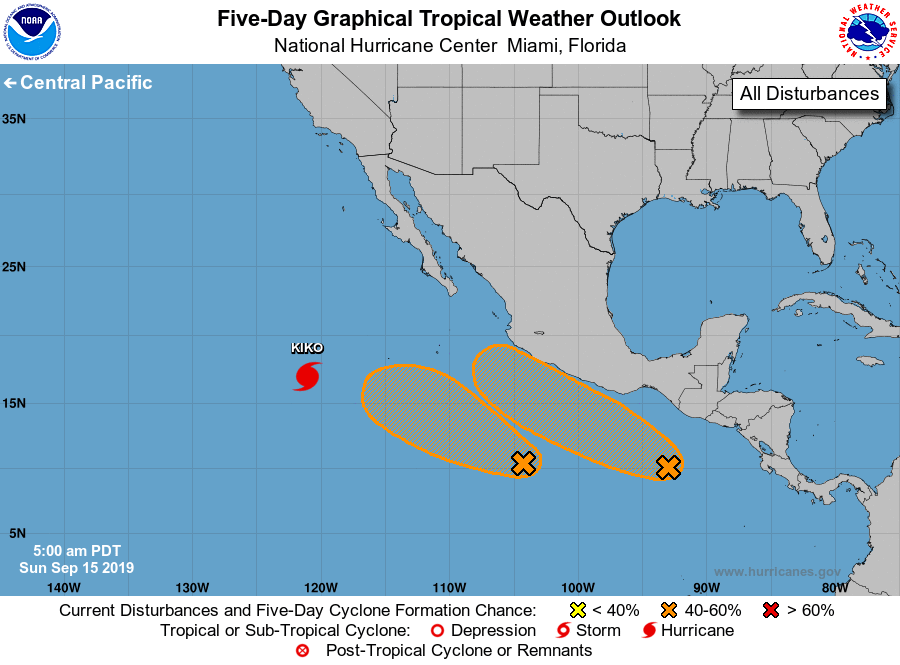
For the eastern North Pacific...east of 140 degrees west longitude:

The National Hurricane Center is issuing advisories on Hurricane Kiko, located several hundred miles west-southwest of the southern tip of the Baja California peninsula.

1. A large and disorganized area of showers and thunderstorms located several hundred miles southwest of Acapulco, Mexico, is associated with a small area of low pressure. Some gradual development of this system is possible during the next several days, and a tropical depression could form by the middle of next week while it moves slowly west-northwestward well offshore of the southwestern coast of Mexico.
* Formation chance through 48 hours...low...20 percent.
* Formation chance through 5 days...medium...50 percent.

2. Another weak area of low pressure is located a few hundred miles south-southwest of the coast of Guatemala. Environmental conditions are expected to be conducive for gradual development, and a tropical depression could form by the middle of the week as the system moves west-northwestward near, or parallel to, the coast of Mexico during the next several days.
* Formation chance through 48 hours...low...20 percent.
* Formation chance through 5 days...medium...60 percent.

Forecaster Blake